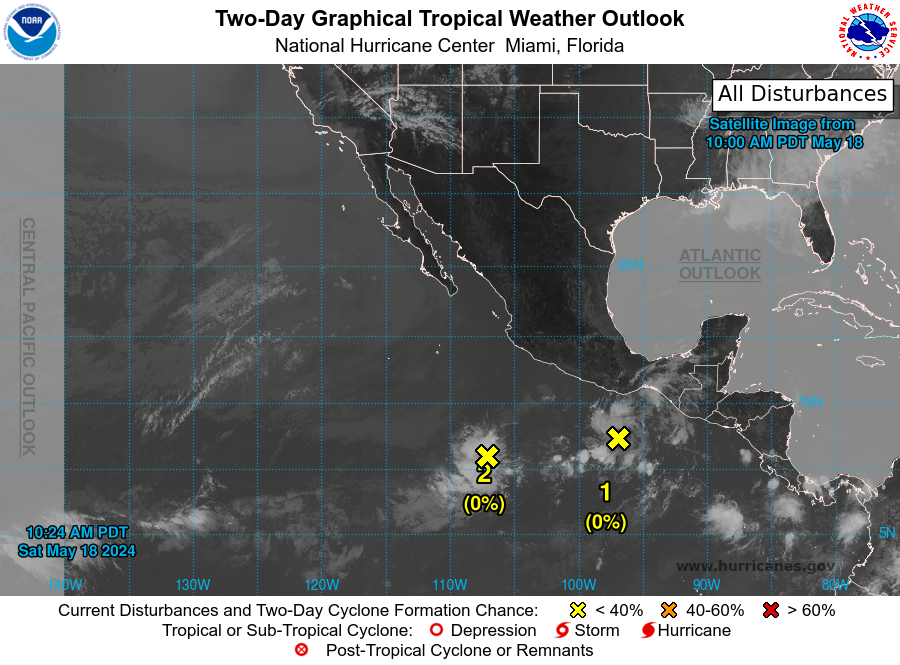
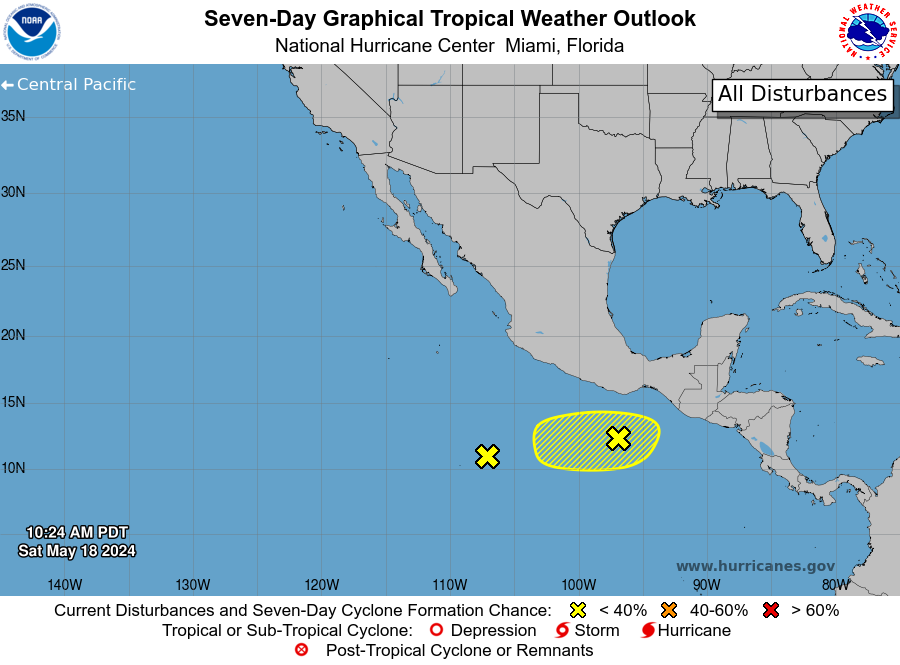
For the eastern North Pacific...east of 140 degrees west longitude:

1. South of the Coast of Southern Mexico: A trough of low pressure continues to produce disorganized showers and thunderstorms several hundred miles to the south of the coast of southern Mexico. Environmental conditions appear marginal and development of this system, if any, should be slow to occur as it moves westward during the next few days.
* Formation chance through 48 hours...low...near 0 percent.
* Formation chance through 7 days...low...10 percent.

2. South of the Coast of Southwestern Mexico: An elongated area of low pressure located several hundred miles offshore of the coast of southwestern Mexico is producing disorganized showers and thunderstorms. Development of this system is no longer expected due to nearby dry air and unfavorable environmental conditions.
* Formation chance through 48 hours...low...near 0 percent.
* Formation chance through 7 days...low...near 0 percent.

Forecaster Kelly